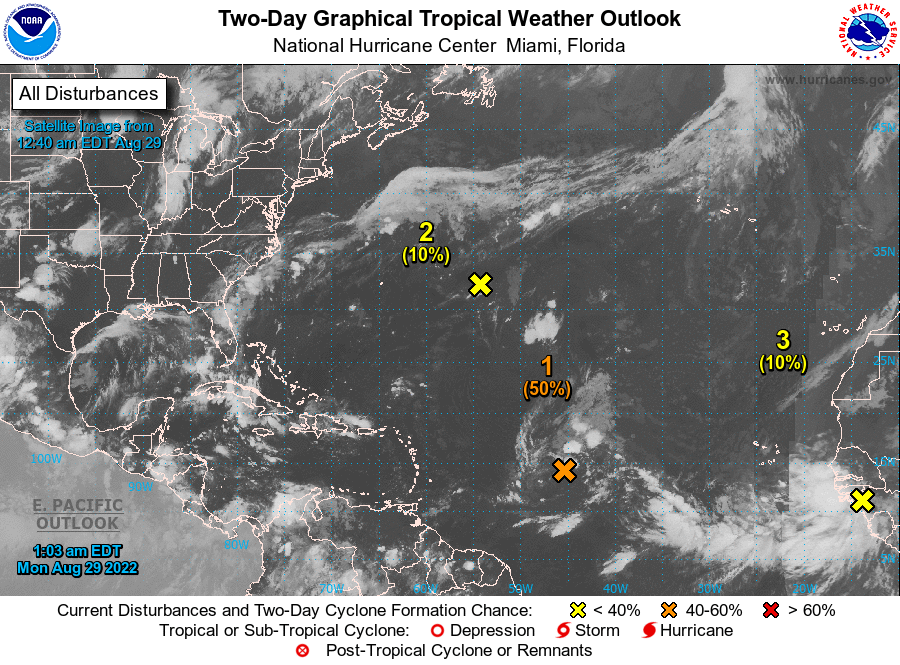
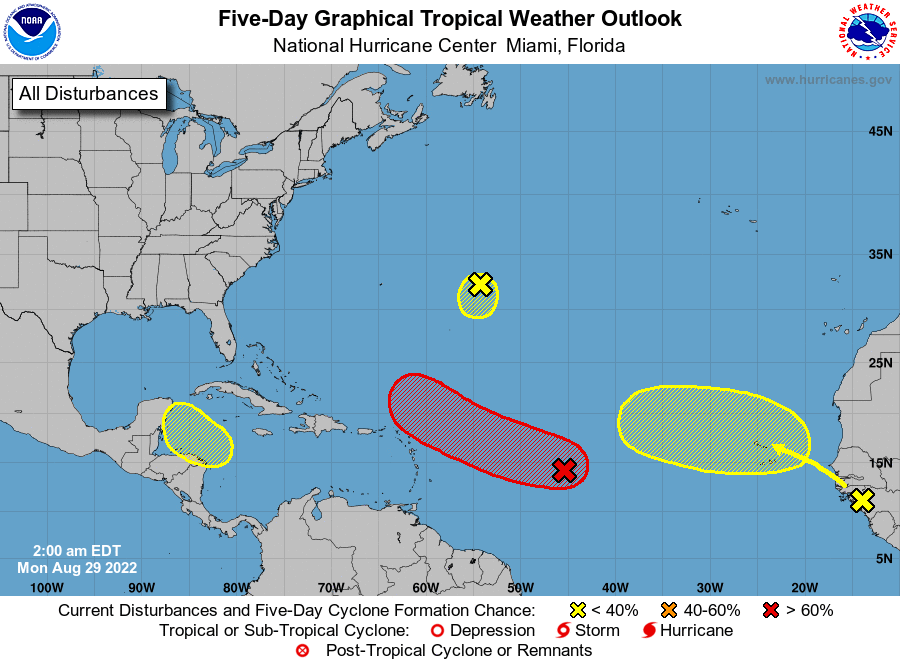
For the North Atlantic...Caribbean Sea and the Gulf of Mexico:

1. Central Tropical Atlantic: A broad area of low pressure over the central tropical Atlantic is producing a large area of disorganized cloudiness and showers. Although environmental conditions ahead of the system are currently only marginal favorable, some gradual development of this system is expected over the next several days and a tropical depression is likely to form later this week. The disturbance is forecast to move slowly toward the west and then west-northwest at 5 to 10 mph, toward the waters east and northeast of the Leeward Islands. Additional information on this system can be found in high seas forecasts issued by the National Weather Service.
* Formation chance through 48 hours...medium...50 percent.
* Formation chance through 5 days...high...80 percent.

2. Central Subtropical Atlantic: A small low pressure system located about 600 miles east of Bermuda continues to produce limited shower activity. Strong upper-level winds and dry air are expected to limit significant development of this system while it drifts southward over the central Atlantic during the next day or so, and the low is likely to dissipate by midweek.
* Formation chance through 48 hours...low...10 percent.
* Formation chance through 5 days...low...10 percent.

3. Eastern Tropical Atlantic: A tropical wave is forecast to move off the west coast of Africa late today or tonight. Some gradual development of the system is possible after that time while it moves generally westward across the far eastern tropical Atlantic.
* Formation chance through 48 hours...low...10 percent.
* Formation chance through 5 days...low...30 percent.

4. Northwestern Caribbean Sea: A trough of low pressure could develop over the northwestern Caribbean Sea during the middle part of this week. Environmental conditions could support some slow development of the system thereafter while it moves generally west-northwestward over the northwestern Caribbean Sea and toward the Yucatan Peninsula of Mexico.
* Formation chance through 48 hours...low...near 0 percent.
* Formation chance through 5 days...low...20 percent.

High Seas Forecasts issued by the National Weather Service can be found under AWIPS header NFDHSFAT1, WMO header FZNT01 KWBC, and online at ocean.weather.gov/shtml/NFDHSFAT1.php

Forecaster Brown